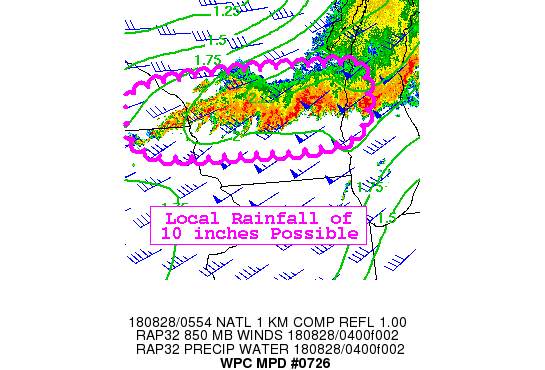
Areas affected...Southeast MN across WI

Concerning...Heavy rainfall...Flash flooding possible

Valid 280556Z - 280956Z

Summary...Heavy thunderstorms along a line stretching across
Wisconsin from southeast Minnesota will persist early this
morning.

Discussion...KARX and KMCX radars are depicting heavy rainfall in
a swath from the MN/IA border all the way across WI with storm
total rainfall of 6 inches in western WI. Though this swath of
thunderstorms has broadened, it is being fed by a 55kt
southwesterly low level jet with a remnant cold pool to the north
maintaining a stationary and allowing repeating convection. One
hour rain rates are still 1.5 inches per hour as of time of
issuance.

Unfortunately there are ingredients to maintain this line in place
for several more hours. Instability is riding in with the low
level jet; generally 1500 J/kg per the RAP  analysis though the
RAP forecast has this increasing through 10Z. That jet is ahead of
the next shortwave which is centered over ND with the warm
conveyor belt stretching back to the SD/MN border per GOES-16
upper water vapor imagery. As of now it appears this line will be
unwavered over Wisconsin. Local rainfall of 10 inches are possible.